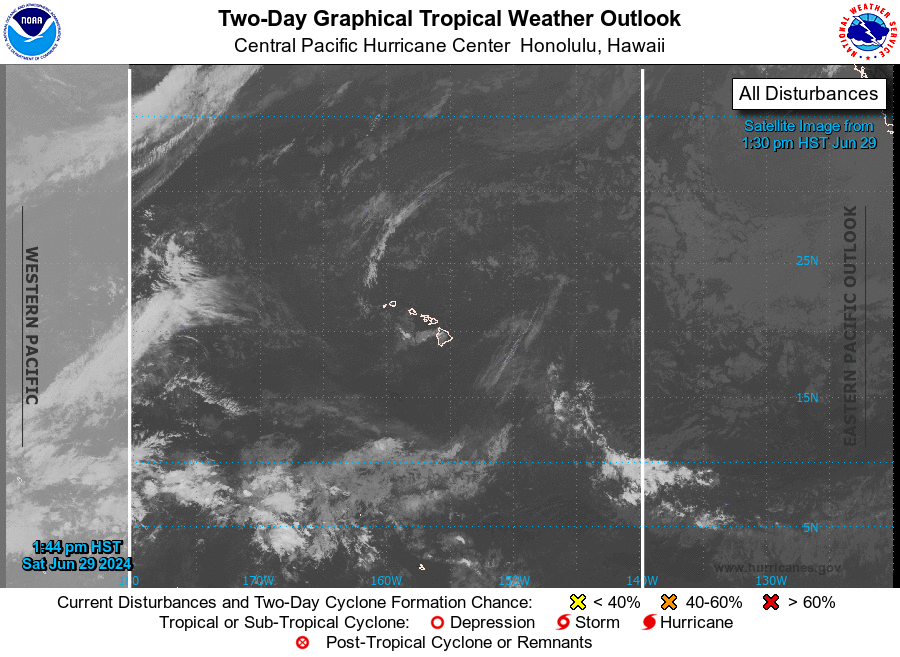
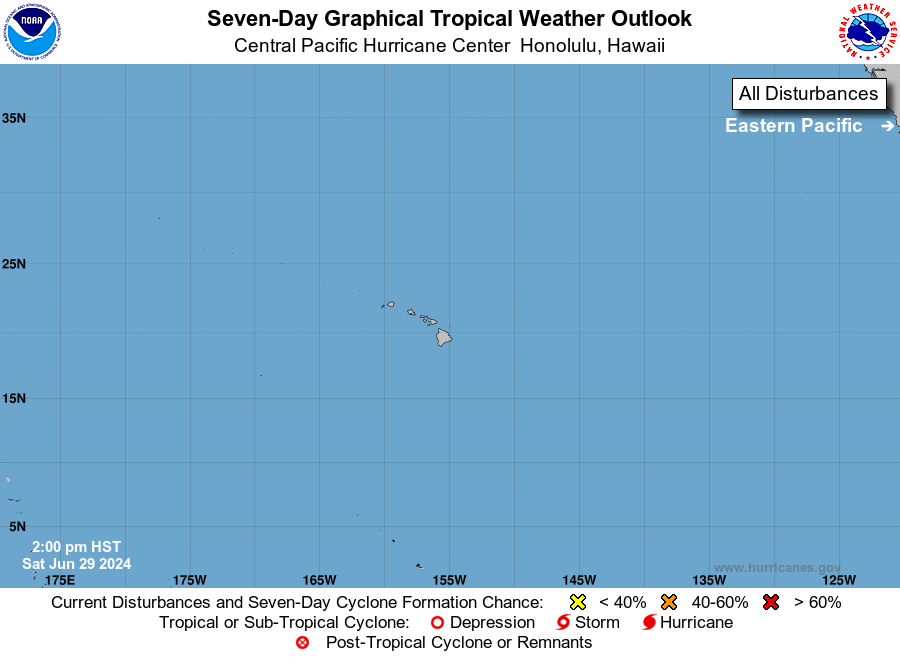
For the central North Pacific...between 140W and 180W:

No tropical cyclones are expected during the next 7 days.

Forecaster Kino